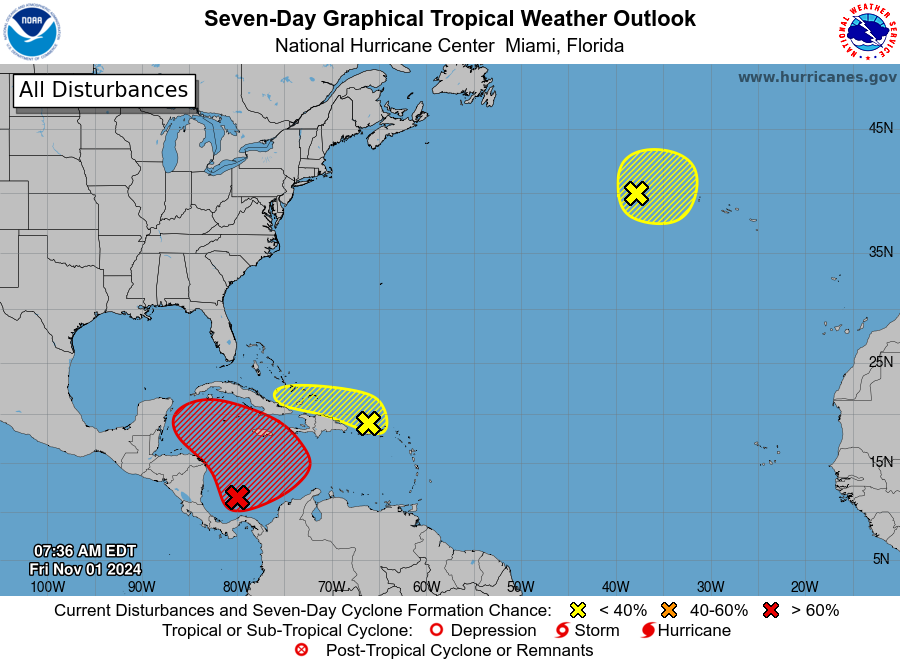
For the North Atlantic...Caribbean Sea and the Gulf of Mexico:

1. Southwestern Caribbean Sea: A broad area of low pressure is likely to develop over the southwestern Caribbean Sea during the next day or so. Gradual development is possible thereafter, and a tropical depression is likely to form late this weekend or early next week while the system drifts generally northward or northwestward over the central or western Caribbean Sea. Regardless of development, locally heavy rains are possible over portions of the adjacent land areas of the western Caribbean.
* Formation chance through 48 hours...low...30 percent.
* Formation chance through 7 days...high...70 percent.

2. Northeastern Caribbean Sea and Greater Antilles: A trough of low pressure located near Puerto Rico is producing a large area of showers and thunderstorms over portions of the Greater Antilles and the adjacent waters of the Atlantic and the northeastern Caribbean. Slow development of this system is possible during the next few days as it moves west-northwestward near the Greater Antilles. After that time, this system is expected to be absorbed into the low pressure area over the Caribbean. Regardless of development, locally heavy rains are possible during the next several days from the northern Leeward Islands westward across Puerto Rico and Hispaniola to eastern Cuba and the southeastern Bahamas.
* Formation chance through 48 hours...low...10 percent.
* Formation chance through 7 days...low...10 percent.

3. North Atlantic: A storm-force non-tropical low pressure area located about 400 miles west of the western Azores is producing limited shower activity. Some subtropical development is possible while the low moves generally eastward during the next few days. Additional information on this system is available in High Seas Forecasts issued by the National Weather Service.
* Formation chance through 48 hours...low...10 percent.
* Formation chance through 7 days...low...10 percent.

High Seas Forecasts issued by the National Weather Service can be found under AWIPS header NFDHSFAT1, WMO header FZNT01 KWBC, and online at ocean.weather.gov/shtml/NFDHSFAT1.php

Forecaster Kelly